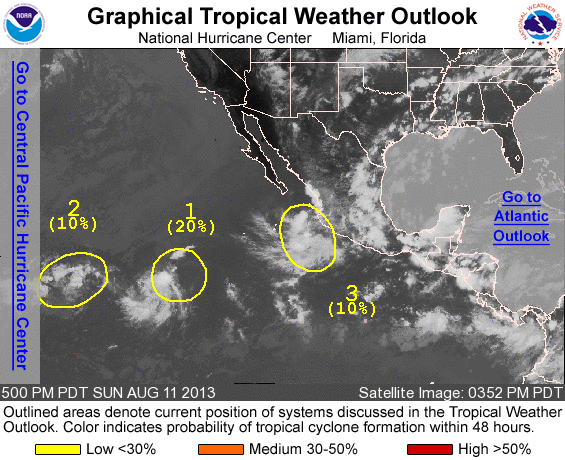
FOR THE EASTERN NORTH PACIFIC...EAST OF 140 DEGREES WEST LONGITUDE..

1. SATELLITE-DERIVED WIND DATA INDICATE THAT THE AREA OF LOW PRESSURE LOCATED ABOUT 1100 MILES SOUTHWEST OF THE SOUTHERN TIP OF THE BAJA CALIFORNIA PENINSULA HAS AN ELONGATED CIRCULATION...AND THE ASSOCIATED SHOWER AND THUNDERSTORM ACTIVITY IS WELL REMOVED FROM THE SURFACE CENTER. ENVIRONMENTAL CONDITIONS ARE EXPECTED TO BE MARGINALLY CONDUCIVE FOR DEVELOPMENT OVER THE NEXT SEVERAL DAYS WHILE THE LOW MOVES WESTWARD AT AROUND 15 MPH. THIS SYSTEM HAS A LOW CHANCE...20 PERCENT...OF BECOMING A TROPICAL CYCLONE DURING THE NEXT 48 HOURS...AND A MEDIUM CHANCE...30 PERCENT...OF BECOMING A TROPICAL CYCLONE DURING THE NEXT 5 DAYS.

2. A TROUGH OF LOW PRESSURE LOCATED ABOUT 1350 MILES EAST-SOUTHEAST OF THE BIG ISLAND OF HAWAII CONTINUES TO PRODUCE DISORGANIZED SHOWERS AND THUNDERSTORMS. ANY DEVELOPMENT OF THIS DISTURBANCE IS EXPECTED TO BE SLOW TO OCCUR AS IT MOVES WESTWARD AT ABOUT 15 MPH OVER THE NEXT FEW DAYS. THIS SYSTEM HAS A LOW CHANCE...10 PERCENT...OF BECOMING A TROPICAL CYCLONE DURING THE NEXT 48 HOURS...AS WELL AS A LOW CHANCE...10 PERCENT...OF BECOMING A TROPICAL CYCLONE DURING THE NEXT 5 DAYS.

3. SHOWERS AND THUNDERSTORMS LOCATED A FEW HUNDRED MILES OFF THE SOUTHWESTERN COAST OF MEXICO ARE ASSOCIATED WITH A SHARP SURFACE TROUGH OF LOW PRESSUE. UPPER-LEVEL WINDS DO NOT APPEAR CONDUCIVE FOR DEVELOPMENT AS THIS DISTURBANCE MOVES WESTWARD AWAY FROM THE COAST AT ABOUT 10 MPH DURING THE NEXT FEW DAYS. THIS SYSTEM HAS A LOW CHANCE...10 PERCENT...OF BECOMING A TROPICAL CYCLONE DURING THE NEXT 48 HOURS...AND A LOW CHANCE...10 PERCENT...OF BECOMING A TROPICAL CYCLONE DURING THE NEXT 5 DAYS.

FIVE-DAY FORMATION PROBABILITIES ARE EXPERIMENTAL IN 2013. COMMENTS ON THE EXPERIMENTAL FORECASTS CAN BE PROVIDED AT...

HTTP://WWW.NWS.NOAA.GOV/SURVEY/NWS-SURVEY.PHP?CODE=ETWO

FORECASTER BERG